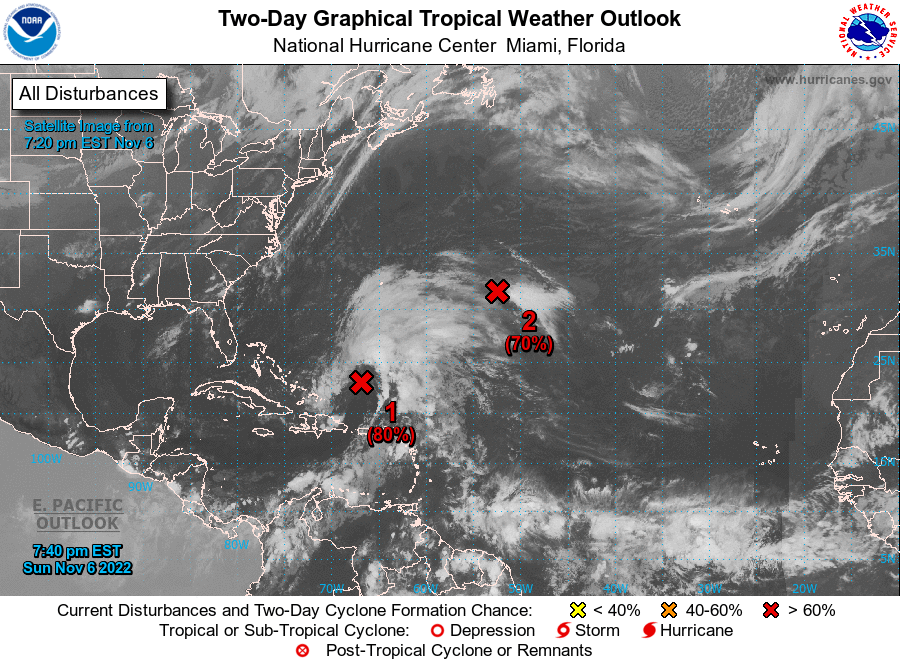
For the North Atlantic...Caribbean Sea and the Gulf of Mexico:

Southwestern Atlantic:

1. An area of low pressure located more than 300 miles north of Puerto Rico is producing a large area of disorganized showers and thunderstorms. This system is forecast to move generally northwestward over the southwestern Atlantic where environmental conditions appear conducive for additional development, and a subtropical or tropical storm is likely to form in the next day or so. The system is then forecast to turn westward or west-southwestward over the southwestern Atlantic by the middle part of this week where additional development is possible.

1. Regardless of development, there is an increasing risk of coastal flooding, tropical-storm-force winds, heavy rainfall, rough surf, and beach erosion along much of the southeastern United States coast, the Florida east coast, and portions of the central and northwestern Bahamas beginning in the early to middle part of this week. Interests in those areas should continue to monitor the progress of this system as tropical storm, hurricane, and storm surge watches could be required for a portion of these areas by early Monday. Additional information on this system, including gale warnings, can be found in High Seas Forecasts issued by the National Weather Service and in products from your local weather office.
* Formation chance through 48 hours...high...80 percent.
* Formation chance through 5 days...high...90 percent.

2. Central Subtropical Atlantic: A well-defined area of low pressure located several hundred miles east of Bermuda continues to produce gale-force winds and an area of showers and thunderstorms displaced to the east of the center. If shower activity re-develops closer to the center, a tropical storm could form over the next couple of days while the system drifts slowly through tomorrow and then moves northeastward over the central Atlantic. The system is forecast to merge with a strong cold front by the middle part of this week. Additional information on this system, including gale warnings, can be found in High Seas Forecasts issued by the National Weather Service.
* Formation chance through 48 hours...high...70 percent.
* Formation chance through 5 days...high...70 percent.

High Seas Forecasts issued by the National Weather Service can be found under AWIPS header NFDHSFAT1, WMO header FZNT01 KWBC, and online at ocean.weather.gov/shtml/NFDHSFAT1.php

Forecaster Pasch